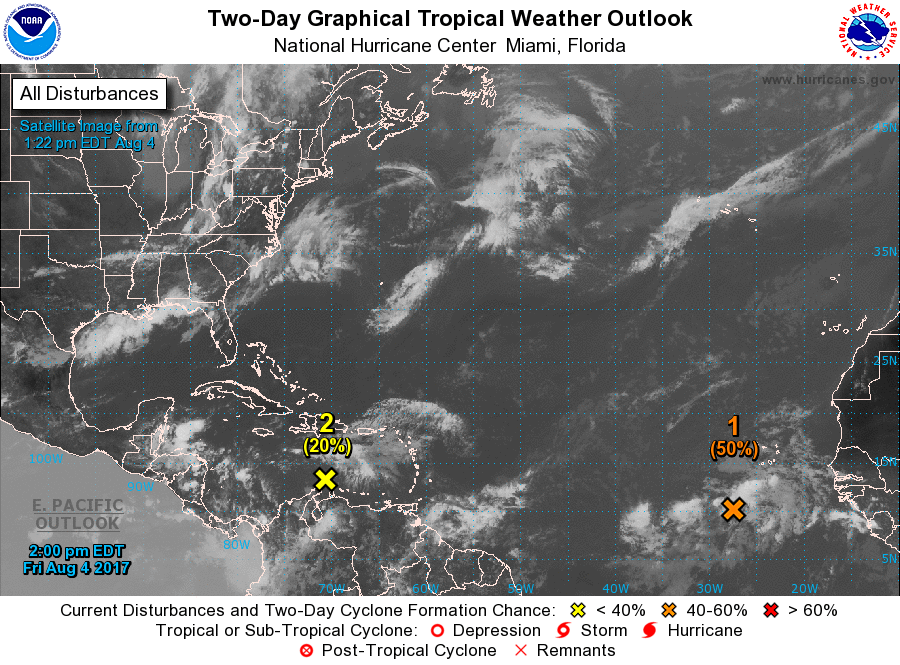
For the North Atlantic...Caribbean Sea and the Gulf of Mexico:

1. A broad and elongated area of low pressure is producing disorganized shower and thunderstorm activity several hundred miles south and southwest of the Cabo Verde Islands. Environmental conditions appear conducive for this system to consolidate and develop during the next few days, and a tropical depression is likely to form by the early or middle part of next week while moving west-northwestward at 15 to 20 mph across the tropical Atlantic Ocean.
* Formation chance through 48 hours...medium...50 percent.
* Formation chance through 5 days...high...80 percent.

2. A tropical wave is producing disorganized showers and thunderstorms over the central and eastern Caribbean Sea. This disturbance is expected to move west-northwestward at about 15 mph across the western Caribbean Sea and Bay of Campeche through the middle of next week, where environmental conditions appear conducive for development.
* Formation chance through 48 hours...low...20 percent.
* Formation chance through 5 days...medium...60 percent.

Forecaster Berg